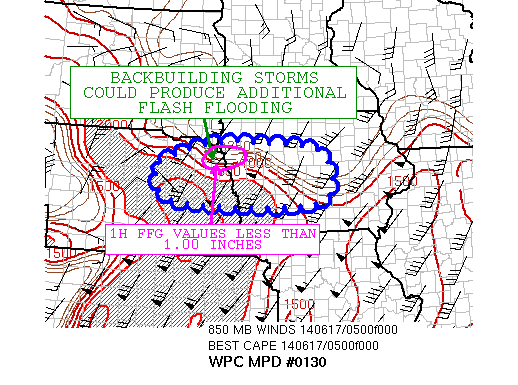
AREAS AFFECTED......NORTHEAST NE/WESTERN IA...

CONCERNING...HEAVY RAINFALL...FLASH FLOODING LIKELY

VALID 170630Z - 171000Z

SUMMARY...STORMS BACKBUILDING ACROSS NORTHEAST NE INTO WESTERN IA
IN A MOIST AND UNSTABLE AIRMASS COULD PRODUCE FLASH FLOODING IN
AREAS THAT SAW HEAVY RAIN EARLIER.

DISCUSSION...CONVECTION IS BEGINNING TO BACKBUILD IN THE NOSE OF
THE 45 TO 65 KNOT LOW LEVEL JET ACROSS NORTHEAST NE AND WEST
CENTRAL IA. THE STORMS ARE DEVELOPING JUST TO THE NORTHEAST OF A
RICH SUPPLY OF INSTABILITY (2000-3000 J/KG MUCAPE BASED ON THE
LATEST SPC ANALYSIS) AND PRECIPITABLE WATER VALUES NEAR 1.90
INCHES. THE INSTABILITY AND HIGH MOISTURE CONTENT AIR WILL RESULT
IN HIGH RAINFALL RATES...AND ADDITIONAL FLASH FLOODING.

THE CONSENSUS OF THE LATEST HI RES GUIDANCE SHOWS THE INSTABILITY
REMAINING IN PLACE THROUGH 10Z...BEFORE ITS STARTS TO SLOWLY FADE.
CORFIDI VECTORS ACROSS EASTERN NE AND WESTERN IA DROP BELOW 10
KNOTS...WHICH WOULD SUPPORT THE CONTINUATION OF BACKBUILDING.
SEVERAL OF THE HI RES MODEL DEPOSIT 2 TO 4 INCHES OF RAIN ACROSS
THIS REGION THROUGH 10Z. THIS MUCH RAIN WOULD AGGRAVATE ONGOING
FLOODING AND INCREASE THE THREAT FOR FLASH FLOODING.